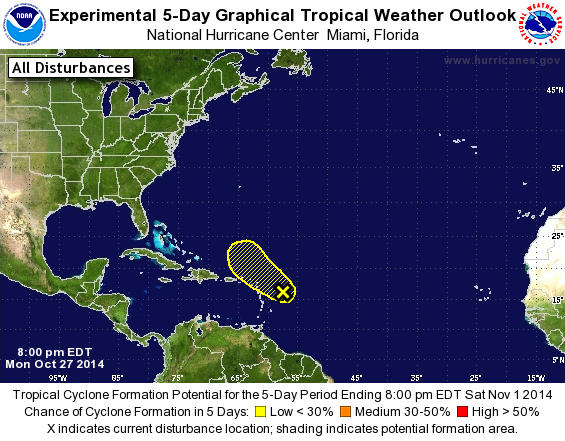
For the North Atlantic...Caribbean Sea and the Gulf of Mexico:

The National Hurricane Center is issuing advisories on Tropical Depression Hanna, located inland over northeastern Nicaragua.

1. A tropical wave interacting with an upper-level trough continues to produce a large area of cloudiness and disorganized thunderstorms from the Lesser Antilles eastward over the Atlantic Ocean for several hundred miles. Development, if any, of this disturbance should be slow to occur while it moves northwestward to west- northwestward at 10 to 15 mph during the next few days since upper- level winds are expected to be only marginally conducive. By the weekend, conditions are expected to become unfavorable for development. Regardless of development, this system will produce brief periods of gusty winds and locally heavy rainfall across portions of the Lesser Antilles through Tuesday.
* Formation chance through 48 hours...low...10 percent.
* Formation chance through 5 days...low...20 percent.

Public Advisories on Hanna are issued under WMO header WTNT34 KNHC and under AWIPS header MIATCPAT4. Forecast/Advisories on Hanna are issued under WMO header WTNT24 KNHC and under AWIPS header MIATCMAT4.

Forecaster Brennan